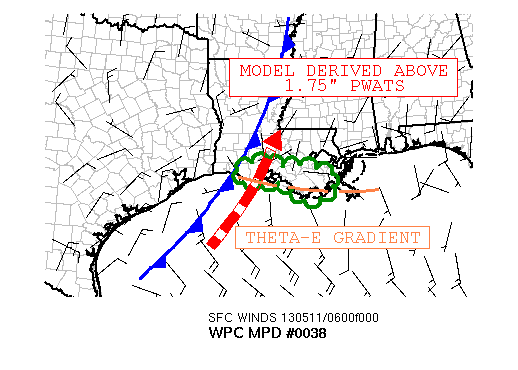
AREAS AFFECTED......SOUTHERN LA...

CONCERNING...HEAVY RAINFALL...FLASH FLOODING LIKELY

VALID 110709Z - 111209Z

SUMMARY...INTENSIFYING LINE OF CONVECTION ACROSS SOUTHWESTERN LA
WILL LIKELY LEAD TO FLASH FLOODING OVER SECTIONS OF SOUTHERN LA
WHERE FFG ARE RATHER LOW.

DISCUSSION...RECENT IR SATELLITE/RADAR TRENDS SUGGEST A CONVECTIVE
COMPLEX WHICH SPENT THE EVENING ACROSS SOUTHEAST TX HAS BEGUN TO
INTENSIFY. CLOUD TOPS HAVE COOLED DRAMATICALLY IN THE PAST FEW
IMAGES WITH AN INCREASE IN POSITIVE CLOUD-TO-GROUND LIGHTNING
STRIKES. ADDITIONALLY...ONE-HOUR RAINFALL RATES HAVE SUBSTANTIALLY
INCREASED WITH BEAUMONT TX SEEING 2.33 INCHES BETWEEN 06-07Z AS
THE THUNDERSTORM ACTIVITY CROSSED THE REGION. EXPECTATIONS ARE
THAT 1 TO 2 INCH RAINFALL RATES SHOULD CONTINUE AS THE
PRECIPITATION SHIELD BEGINS TO ENCOUNTER A MOISTURE-RICH AIRMASS
DOWNSTREAM. MOREOVER...IT WAS NOTED IN THE 06Z RAP AND
OBSERVATIONAL DATA THAT A STRONG THETA-E GRADIENT HAS DEVELOPED
ALONG THE GULF COAST WHICH WILL FURTHER ENHANCE THE LOW-LEVEL
CONVERGENCE. HIGH-RES GUIDANCE HAS STRUGGLED WITH THE EVOLUTION OF
THIS ACTIVITY SO MUCH OF THE FORECAST IS BASED ON REMOTE SENSING
TRENDS AND SURFACE DATA. GIVEN ANTECEDENT CONDITIONS ARE QUITE WET
OVER THIS REGION OF THE CENTRAL GULF COAST...ANY SIGNIFICANT
RAINFALL WILL LEAD TO A FLASH FLOODING EVENT.